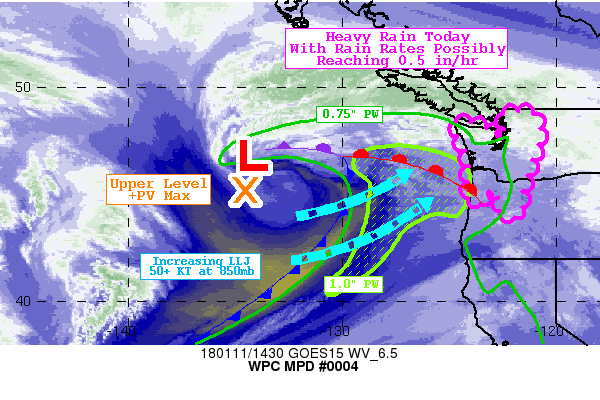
AREAS AFFECTED...WRN WASHINGTON...NWRN OREGON

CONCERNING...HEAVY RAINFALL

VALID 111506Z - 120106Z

SUMMARY...QUICK INCREASE OF ATMOSPHERIC MOISTURE AND WEST TO
SOUTHWEST LOW-MID LEVEL FLOW TODAY SHOULD PRODUCE PERIODS OF HEAVY
RAINFALL. RAIN RATES MAY EXCEED 0.5 IN/HR FOR SEVERAL HOURS IN
FAVORED UPSLOPE REGIONS OF THE COASTAL RANGES...OLYMPICS...AND
CASCADES.

DISCUSSION...LATEST GOES-15 WATER VAPOR SATELLITE LOOPS SHOW A
COMPACT LOW PRESSURE SYSTEM JUST OFFSHORE OF THE PACIFIC NORTHWEST
WITH AN UPPER LEVEL +PV MAXIMUM CENTERED NEAR 45N/134W. AN
OCCLUDED SURFACE LOW WAS CENTERED NEARBY...AND BOTH RAP ANALYSIS
AND CIRA BLENDED TPW PRODUCTS SHOW A PLUME OF ENHANCED PWATS OVER
1.0 INCHES IN THE WARM SECTOR JUST OFFSHORE OF WA/OR. AS THE
OCCLUDED CYCLONE MAKES STEADY PROGRESS EAST...THE PLUME OF DEEPER
MOISTURE SHOULD ARRIVE ALONG AND WEST OF THE CASCADES SHORTLY. THE
12Z SLM SOUNDING SHOWED A SATURATED PROFILE ESSENTIALLY THROUGH
THE DEPTH OF THE TROPOSPHERE WITH A PWAT APPROACHING 1 INCH...WELL
ABOVE THE 90TH PERCENTILE ON THE STATION CLIMATOLOGY. RADAR VWP
FROM KRTX ALSO REVEALED STEADILY INCREASING WINDS IN THE 3-7KFT
LAYER OVER THE PAST SEVERAL HOURS WITH A SLIGHT VEERING AS WELL.
THIS SHOULD CONTINUE AS OBJECTIVE ANALYSIS INDICATES WSW LLJ
OFFSHORE INCREASING TO 50-60 KNOTS...AND THIS IS FORECAST TO
ARRIVE IN THE HIGHLIGHTED PORTION OF WA/OR BY 18Z.

THE COMBINATION OF INCREASING LOW-MID LEVEL FLOW...A DEEP
SATURATED PROFILE...AND RISING SNOW LEVELS SHOULD LEAD TO
INCREASING RAIN RATES AND MORE EFFICIENT RAIN PROCESSES INTO THE
LATE MORNING AND AFTERNOON...PARTICULARLY IN FAVORED UPSLOPE
REGIONS OF THE NORTH-SOUTH ORIENTED RANGES. BETWEEN 15Z AND
21Z...THERE IS A STRONG SIGNAL ON THE 06Z HREF FOR HEAVY
RAINFALL...WITH OVER 70 PERCENT PROBABILITIES OF AT LEAST 0.5
IN/HR RAIN RATES IN PORTIONS OF THE NRN OREGON COASTAL
RANGES...AND THE WA/OR CASCADES. SLIGHTLY LOWER PROBABILITIES
EXIST IN OTHER RANGES ACROSS THE REGION...AND OVERALL ON THE
HRRR-TLE (ALTHOUGH THERE IS STILL SOME SIGNAL ON THAT ENSEMBLE AS
WELL). THE NATIONAL WATER MODEL DOES INDICATE NEAR SURFACE SOIL
MOISTURE IS AT ELEVATED LEVELS IN MOST OF THE AREA WEST OF THE
CASCADES...AND STREAMFLOW ANOMALIES ARE WELL ABOVE NORMAL FLOW IN
PORTIONS OF NW OREGON. THIS SUGGESTS THAT ANY MORE FOCUSED PERIODS
OF HEAVY RAINFALL COULD LEAD TO SOME EXCESS RUNOFF CONCERNS.